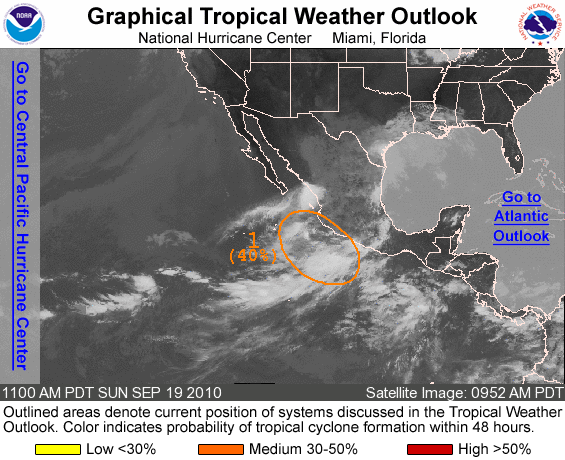
FOR THE EASTERN NORTH PACIFIC...EAST OF 140 DEGREES WEST LONGITUDE..

1. A LARGE AREA OF SHOWERS AND THUNDERSTORMS...ASSOCIATED WITH A BROAD TROUGH OF LOW PRESSURE...EXTENDS SEVERAL HUNDRED MILES OFF THE COAST OF SOUTHWESTERN MEXICO AND HAS CHANGED LITTLE IN ORGANIZATION DURING THE MORNING. UPPER-LEVEL WINDS COULD BECOME A LITTLE MORE CONDUCIVE FOR DEVELOPMENT DURING THE NEXT DAY OR TWO AS THE SYSTEM MOVES NORTHWESTWARD AT 10 TO 15 MPH. THERE IS A MEDIUM CHANCE...40 PERCENT...OF THIS SYSTEM BECOMING A TROPICAL CYCLONE DURING THE NEXT 48 HOURS.

ELSEWHERE...TROPICAL CYCLONE FORMATION IS NOT EXPECTED DURING THE NEXT 48 HOURS.

FORECASTER BERG